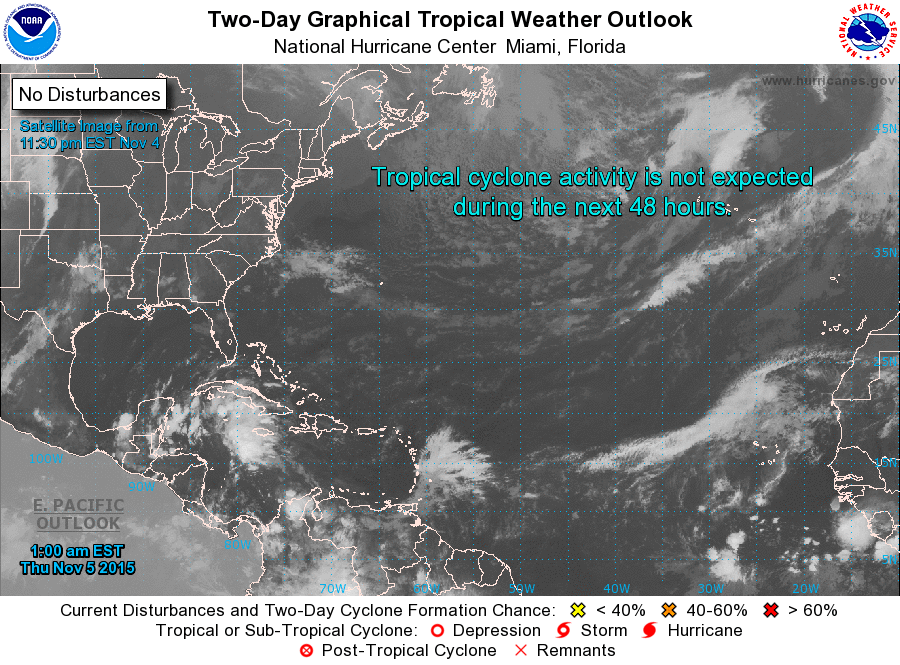
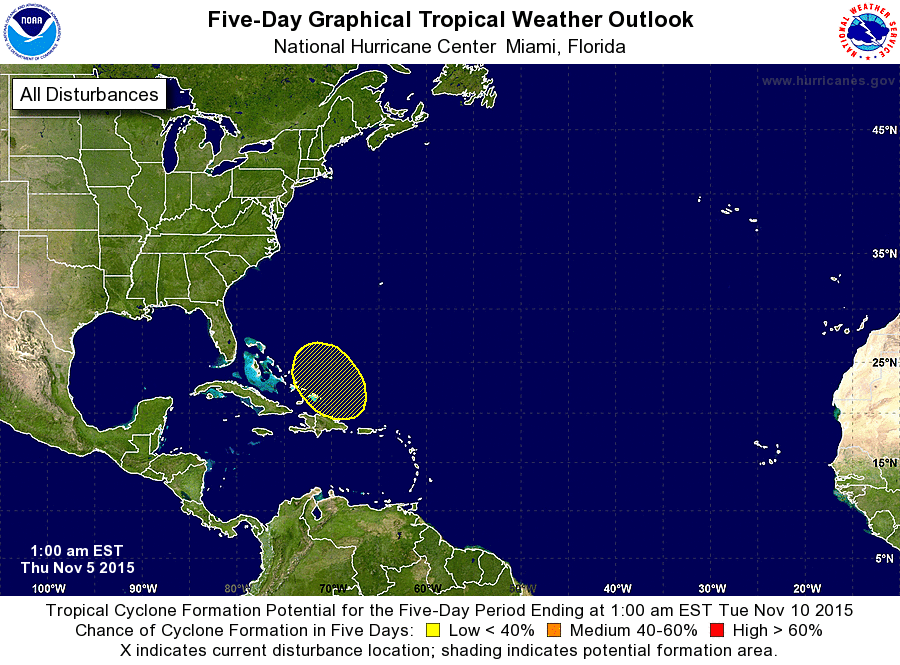
For the North Atlantic...Caribbean Sea and the Gulf of Mexico:

1. An area of low pressure could form near or to the north of Puerto Rico and Hispaniola late this weekend. Some slow development of this system is possible early next week while it moves northwestward.
* Formation chance through 48 hours...low...near 0 percent
* Formation chance through 5 days...low...20 percent

Forecaster Cangialosi